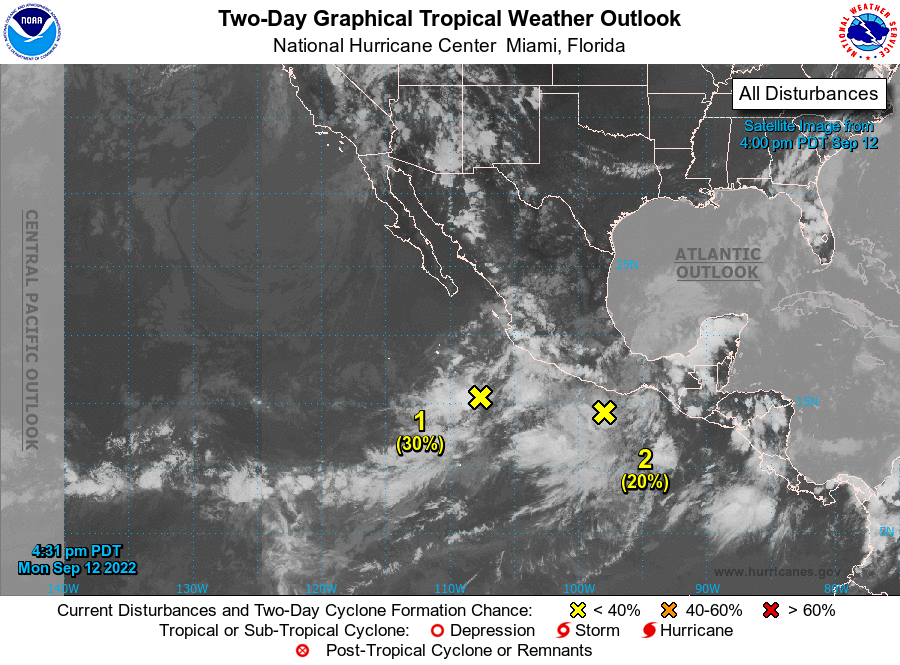
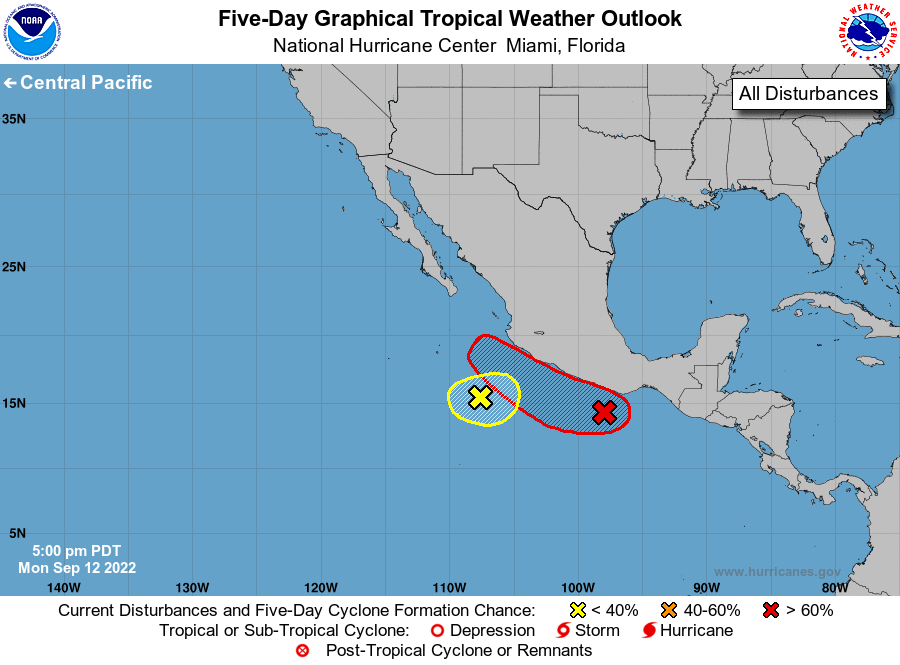
For the eastern North Pacific...east of 140 degrees west longitude:

1. Southwest of southwestern Mexico: Shower activity associated with a small area of low pressure located a few hundred miles southwest of Manzanillo, Mexico has become a little better organized since yesterday. Although environmental conditions are only marginally conducive, some additional gradual development is possible during the next day or two. The system is forecast to move little through midweek, then merge with the disturbance to its east shortly thereafter.
* Formation chance through 48 hours...low...30 percent.
* Formation chance through 5 days...low...30 percent.

2. Near the coast of southern Mexico: A trough of low pressure located along the coast of southern Mexico is producing disorganized cloudiness and showers. This system is forecast to interact and merge with the disturbance off the southwestern coast of Mexico around midweek, and environmental conditions are expected to become more conducive for development by that time. A tropical depression is likely to form during the latter part of this week while the system moves slowly westward near the coast of southern and southwestern Mexico.
* Formation chance through 48 hours...low...20 percent.
* Formation chance through 5 days...high...80 percent.

Forecaster Beven